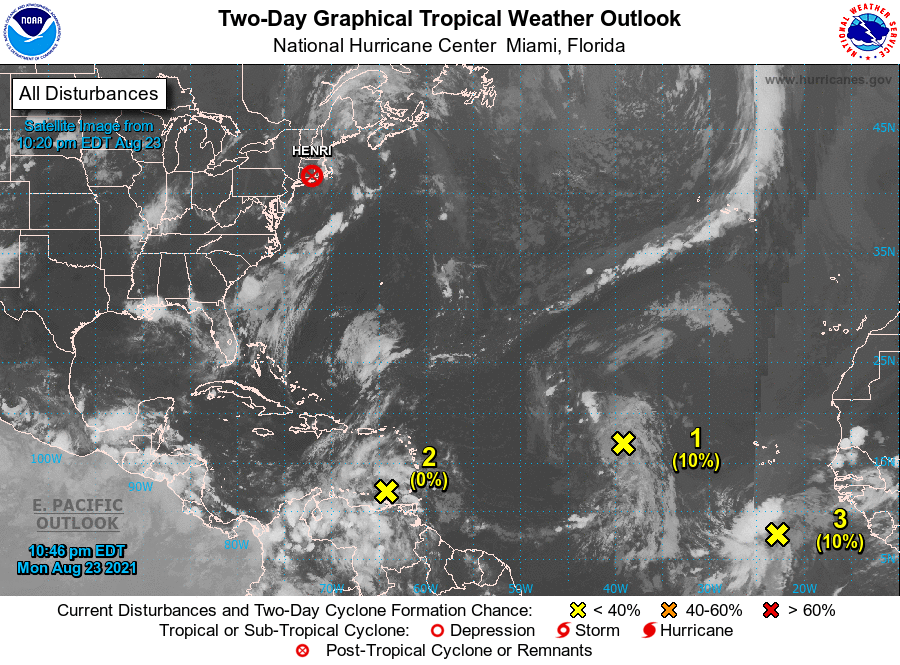
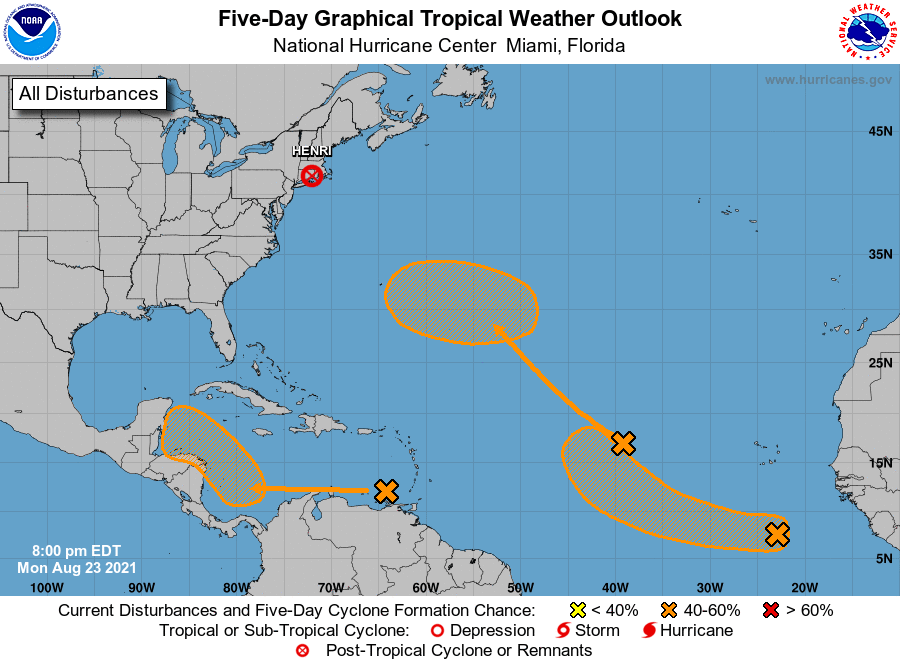
For the North Atlantic...Caribbean Sea and the Gulf of Mexico:

The Weather Prediction Center is issuing Public Advisories on Post-Tropical Cyclone Henri, located inland near southern New England.

1. A broad low pressure area is producing disorganized showers and thunderstorms over the east-central tropical Atlantic more than 800 miles west of the Cabo Verde Islands. Little development is expected during the next couple of days due to only marginally conducive ocean temperatures. Thereafter, however, some gradual development is possible through the end of the week while the system moves northwestward to northward at 10 to 15 mph over the central Atlantic.
* Formation chance through 48 hours...low...10 percent.
* Formation chance through 5 days...medium...40 percent.

2. A tropical wave over the eastern Caribbean Sea is expected to form a broad area of low pressure over the southwestern Caribbean Sea by late week. Thereafter, environmental conditions are forecast to be favorable for gradual development while the system moves west-northwestward to northwestward over the northwestern Caribbean Sea.
* Formation chance through 48 hours...low...near 0 percent.
* Formation chance through 5 days...medium...50 percent.

3. A low pressure area over the far eastern tropical Atlantic about 500 miles south-southeast of the Cabo Verde Islands is producing disorganized showers and thunderstorms. Some slow development is possible over the next several days while the disturbance moves westward to west-northwestward at 10 to 15 mph over the eastern tropical Atlantic.
* Formation chance through 48 hours...low...10 percent.
* Formation chance through 5 days...medium...40 percent.

Public advisories issued by the Weather Prediction Center on Post-Tropical Cyclone Henri can be found under AWIPS header TCPAT3, WMO header WTNT33 KWNH, and on the web at http://www.wpc.ncep.noaa.gov

Forecaster Pasch